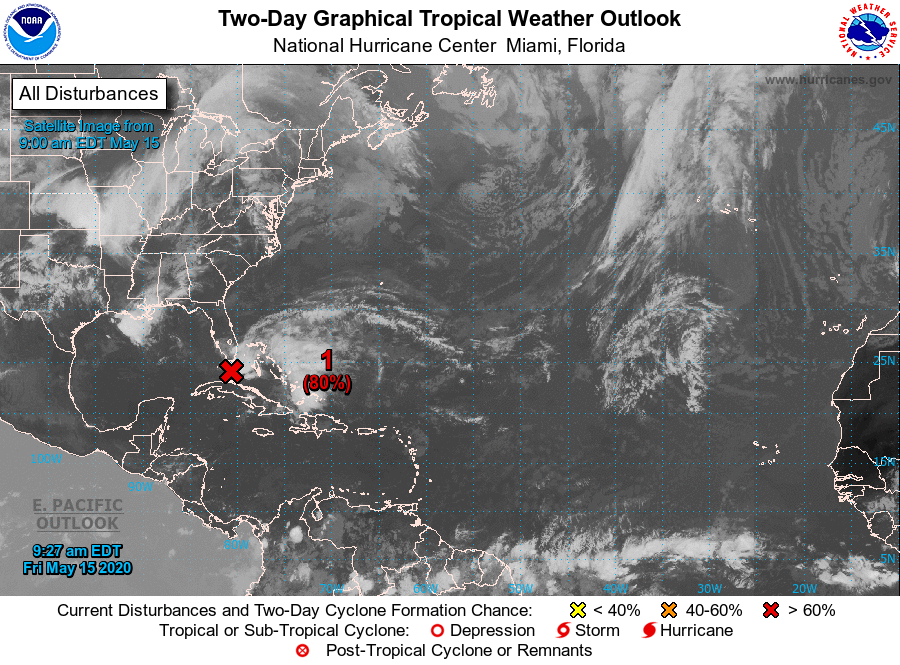
For the North Atlantic...Caribbean Sea and the Gulf of Mexico:

Special Tropical Weather Outlook issued to discuss the potential for tropical or subtropical development near the northwest Bahamas.

1. A trough of low pressure located over the Straits of Florida continues to produce disorganized shower activity and gusty winds across the Florida Keys, portions of southeast Florida, and the northwestern Bahamas. Gradual development of this system is expected, and it will likely become a tropical or subtropical storm on Saturday when it is located near the northwestern Bahamas. Later in the weekend and early next week, the system is expected to move generally northeastward over the western Atlantic.

Regardless of development, the disturbance will continue to bring heavy rainfall to portions of the Florida Keys, southeast Florida and the Bahamas through Saturday. Tropical-storm-force wind gusts are also possible across portions of the Florida Keys, southeast Florida, and the Bahamas during the next day or so. In addition, hazardous marine conditions are expected along the Florida east coast and in the Bahamas where Gale Warnings are in effect. Dangerous surf conditions and rip currents are possible along portions of the southeast U.S. coast this weekend and early next week. See products from your local weather office and High Seas Forecasts for more details. The Air Force Reserve Hurricane Hunter aircraft scheduled to investigate the system today has been canceled, but an aircraft is scheduled to investigate the disturbance tomorrow, if necessary. The next Special Tropical Weather Outlook on this system will be issued by 3 PM EDT today, or earlier, if necessary.
* Formation chance through 48 hours...high...80 percent.
* Formation chance through 5 days...high...80 percent.

High Seas Forecasts issued by the National Weather Service can be found under AWIPS header NFDHSFAT1, WMO header FZNT01 KWBC, and available on the Web at ocean.weather.gov/shtml/NFDHSFAT1.shtml.

Forecaster Cangialosi